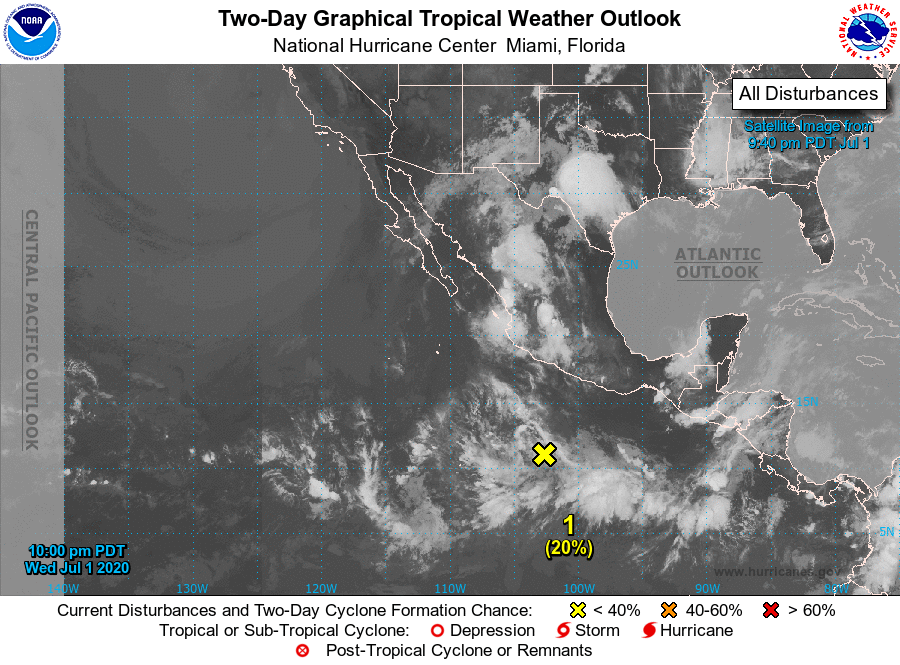
For the eastern North Pacific...east of 140 degrees west longitude:

1. A large area of cloudiness and showers located a few hundred miles south of the southern coast of Mexico is associated with a broad area of low pressure. Some gradual development of this system is possible over the next few days while it moves west-northwestward at around 10 mph.
* Formation chance through 48 hours...low...20 percent.
* Formation chance through 5 days...low...30 percent.

Forecaster Brown